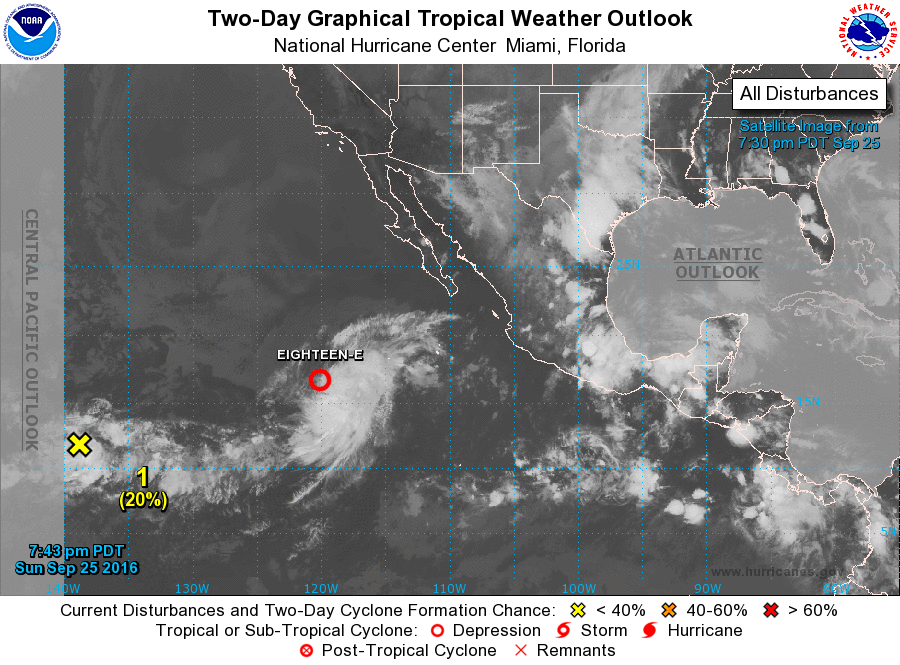
For the eastern North Pacific...east of 140 degrees west longitude:

The National Hurricane Center is issuing advisories on Tropical Depression Eighteen-E, located well southwest of the southern tip of the Baja California peninsula.

1. An area of low pressure located near the Central Pacific basin about 1200 miles east-southeast of the Big Island of Hawaii continues to produce disorganized showers and thunderstorms. Environmental conditions are expected to be conducive for gradual development of this system later this week. This low is expected to move little during the next day or two and then turn northward.
* Formation chance through 48 hours...low...20 percent
* Formation chance through 5 days...medium...50 percent

Public Advisories on Eighteen-E are issued under WMO header WTPZ33 KNHC and under AWIPS header MIATCPEP3. Forecast/Advisories on Eighteen-E are issued under WMO header WTPZ23 KNHC and under AWIPS header MIATCMEP3.

Forecaster Cangialosi